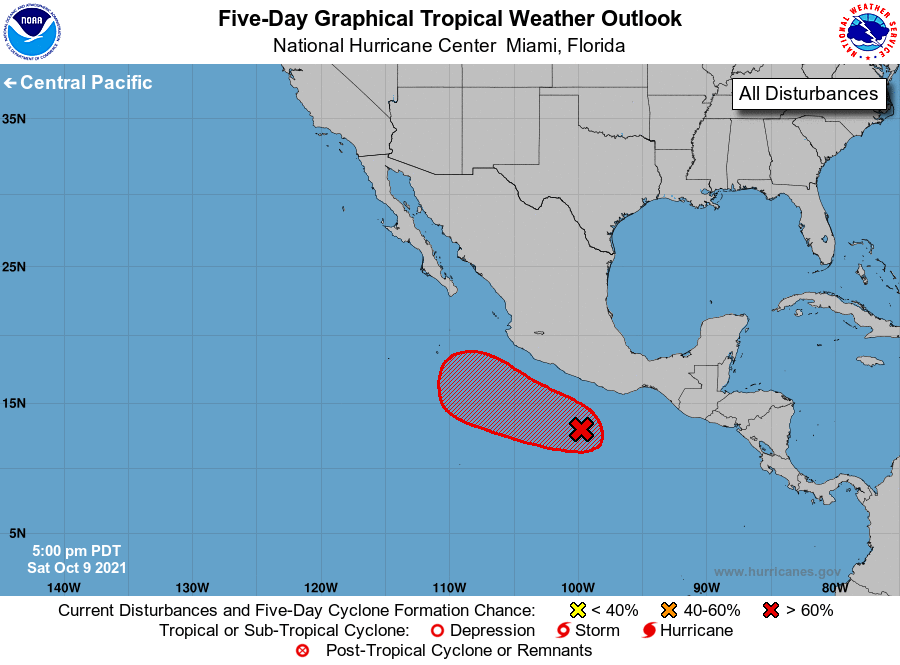
For the eastern North Pacific...east of 140 degrees west longitude:

1. Showers and thunderstorms associated with a broad area of low pressure located a few hundred miles south of the southern coast of Mexico are gradually becoming better organized. Environmental conditions are conducive for additional development, and a tropical depression or tropical storm is expected to form within the next day or so while the system moves west-northwestward at about 15 mph south of the coast of Mexico. Additional information on this system, including gale warnings, can be found in High Seas Forecasts issued by the National Weather Service.
* Formation chance through 48 hours...high...90 percent.
* Formation chance through 5 days...high...90 percent.

High Seas Forecasts issued by the National Weather Service can be found under AWIPS header NFDHSFEPI, WMO header FZPN02 KWBC, and on the web at ocean.weather.gov/shtml/NFDHSFEPI.php

Forecaster Blake